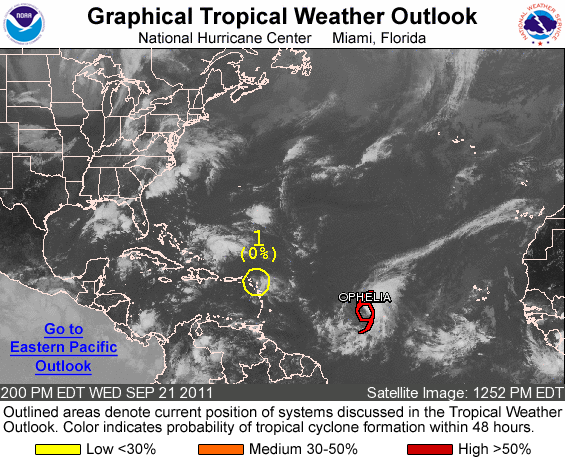
FOR THE NORTH ATLANTIC...CARIBBEAN SEA AND THE GULF OF MEXICO...

THE NATIONAL HURRICANE CENTER IS ISSUING ADVISORIES ON TROPICAL STORM OPHELIA...LOCATED ABOUT 1245 MILES EAST OF THE LEEWARD ISLANDS.

1. SHOWERS AND THUNDERSTORMS ASSOCIATED WITH A SMALL AREA OF LOW PRESSURE LOCATED OVER THE NORTHERN LEEWARD ISLANDS HAVE DIMINISHED. DEVELOPMENT OF THIS LOW IS NOT EXPECTED...AND THE SYSTEM HAS A LOW CHANCE...NEAR 0 PERCENT...OF BECOMING A TROPICAL CYCLONE DURING THE NEXT 48 HOURS AS IT CONTINUES WESTWARD AT 15 TO 20 MPH.

ELSEWHERE...TROPICAL CYCLONE FORMATION IS NOT EXPECTED DURING THE NEXT 48 HOURS.

PUBLIC ADVISORIES ON OPHELIA ARE ISSUED UNDER WMO HEADER WTNT31 KNHC AND UNDER AWIPS HEADER MIATCPAT1. FORECAST/ADVISORIES ON OPHELIA ARE ISSUED UNDER WMO HEADER WTNT21 KNHC AND UNDER AWIPS HEADER MIATCMAT1.

FORECASTER PASCH